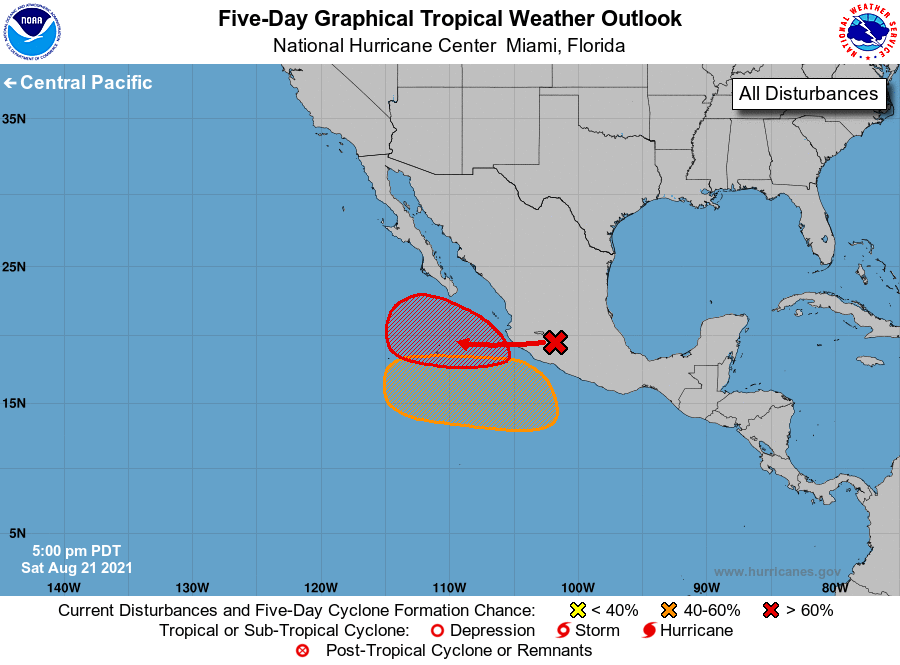
For the eastern North Pacific...east of 140 degrees west longitude:

1. The remnants of Grace, located over central Mexico, are expected to continue moving westward and emerge over the eastern Pacific Ocean off the west-central coast of Mexico by Sunday afternoon. Environmental conditions are forecast to be conducive for development, and a tropical depression is likely to form by early next week while the system moves westward at 10 to 15 mph away from the coast of Mexico.
* Formation chance through 48 hours...high...80 percent.
* Formation chance through 5 days...high...80 percent.

2. An area of low pressure is forecast to form offshore of the coast of southern Mexico early next week. Environmental conditions are expected to be conducive for some gradual development thereafter, and a tropical depression could form by the middle of next week. The system is forecast to move generally west-northwestward at 10 to 15 mph, near or just offshore of the southwestern coast of Mexico.
* Formation chance through 48 hours...low...near 0 percent.
* Formation chance through 5 days...medium...60 percent.

Forecaster Papin/Beven